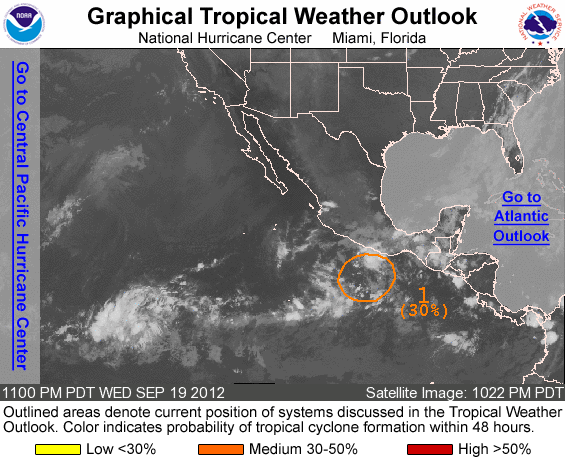
FOR THE EASTERN NORTH PACIFIC...EAST OF 140 DEGREES WEST LONGITUDE..

1. CLOUDINESS AND SHOWERS ASSOCIATED WITH A BROAD LOW AREA OF LOW PRESSURE A FEW HUNDRED MILES SOUTH OF ACAPULCO HAVE DIMINISHED TONIGHT. HOWEVER...ENVIRONMENTAL CONDITIONS ARE FORECAST TO BE CONDUCIVE FOR SLOW DEVELOPMENT OF THIS DISTURBANCE OVER THE NEXT FEW DAYS. THIS SYSTEM HAS A MEDIUM CHANCE...30 PERCENT...OF BECOMING A TROPICAL CYCLONE DURING THE NEXT 48 HOURS AS IT MOVES GENERALLY WESTWARD AT 5 TO 10 MPH.

ELSEWHERE...TROPICAL CYCLONE FORMATION IS NOT EXPECTED DURING THE NEXT 48 HOURS.

FORECASTER AVILA